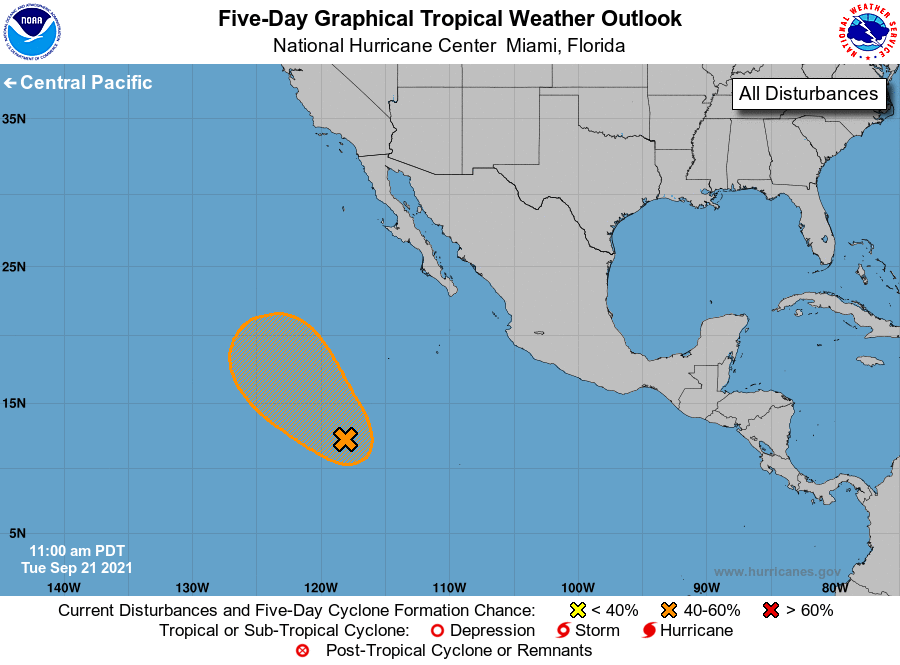
For the eastern North Pacific...east of 140 degrees west longitude:

1. A broad area of low pressure located about 900 miles southwest of the southern tip of the Baja California peninsula continues to produce disorganized shower activity. Environmental conditions are forecast to be somewhat conducive for development, and a short-lived tropical cyclone could form in 2 or 3 days while the low moves generally northwestward at 10 to 15 mph. This system is forecast to move over cooler waters and into a more stable environment by the weekend, which should inhibit further development.
* Formation chance through 48 hours...low...30 percent.
* Formation chance through 5 days...medium...50 percent.

Forecaster Blake